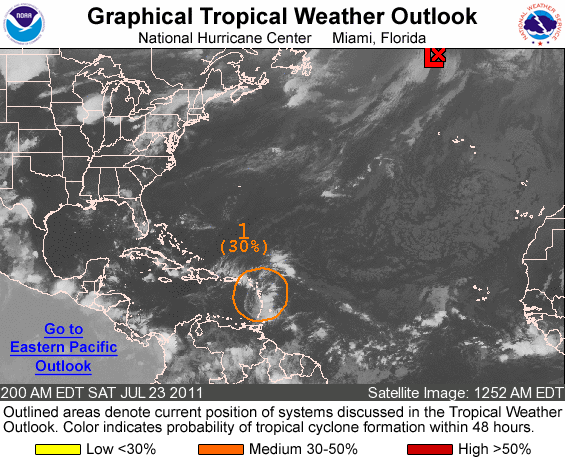
FOR THE NORTH ATLANTIC...CARIBBEAN SEA AND THE GULF OF MEXICO...

THE NATIONAL HURRICANE CENTER HAS ISSUED THE LAST ADVISORY ON FORMER TROPICAL STORM CINDY...LOCATED ABOUT 800 MILES NORTH-NORTHWEST OF THE AZORES ISLANDS.

1. SATELLITE AND RADAR INFORMATION INDICATE SHOWER ACTIVITY HAS CHANGED LITTLE IN ASSOCIATION WITH A TROPICAL WAVE LOCATED JUST EAST OF THE LESSER ANTILLES. SOME SLOW DEVELOPMENT OF THIS SYSTEM IS POSSIBLE DURING THE NEXT COUPLE OF DAYS AS IT MOVES WESTWARD TO WEST-NORTHWESTWARD AT 15 TO 20 MPH. THIS DISTURBANCE HAS A MEDIUM CHANCE...30 PERCENT...OF BECOMING A TROPICAL CYCLONE DURING THE NEXT 48 HOURS. REGARDLESS OF DEVELOPMENT...BRIEF PERIODS OF LOCALLY HEAVY RAINFALL AND GUSTY WINDS WILL OCCUR OVER PORTIONS OF THE LESSER ANTILLES TODAY.

ELSEWHERE...TROPICAL CYCLONE FORMATION IS NOT EXPECTED DURING THE NEXT 48 HOURS.

FORECASTER STEWART